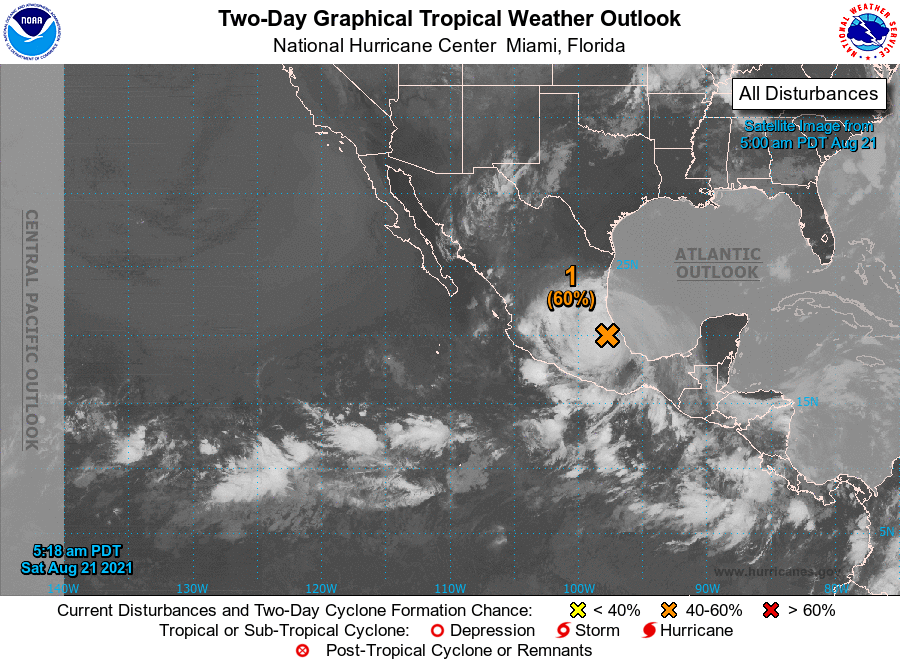
For the eastern North Pacific...east of 140 degrees west longitude:

1. Hurricane Grace, located over eastern Mexico, is forecast to dissipate over inland Mexico today. However, Grace's remnants are expected to continue moving westward and emerge over the eastern Pacific Ocean off the west-central coast of Mexico by Sunday afternoon. Environmental conditions are forecast to be conducive for development, and a tropical depression is likely to form by early next week while the system moves westward at 10 to 15 mph away from the coast of Mexico.
* Formation chance through 48 hours...medium...60 percent.
* Formation chance through 5 days...high...80 percent.

2. An area of low pressure is forecast to form offshore of the coast of southern Mexico early next week. Environmental conditions are expected to be conducive for some gradual development thereafter, and a tropical depression could form by the middle of next week. The system is forecast to move generally west-northwestward at 10 to 15 mph, near or just offshore of the southwestern coast of Mexico.
* Formation chance through 48 hours...low...near 0 percent.
* Formation chance through 5 days...medium...60 percent.

Forecaster Pasch